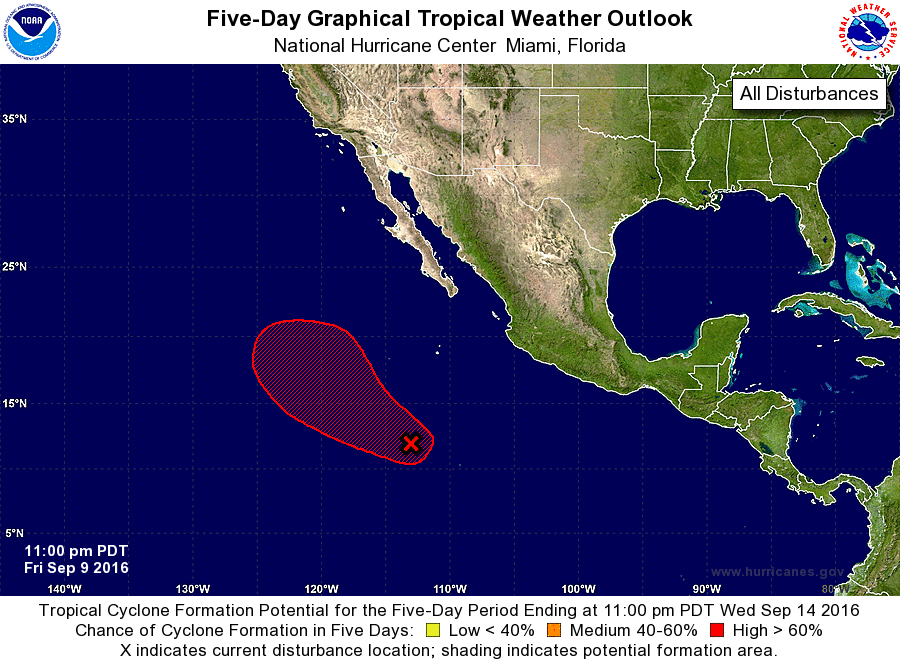
For the eastern North Pacific...east of 140 degrees west longitude:

1. Showers and thunderstorms continue to show signs of organization in association with a broad area of low pressure located about 750 miles south-southwest of the southern tip of the Baja California peninsula. Environmental conditions are conducive for development, and a tropical depression is likely to form late this weekend or early next week while the low moves west-northwestward at 10 to 15 mph.
* Formation chance through 48 hours...high...70 percent
* Formation chance through 5 days...high...90 percent

Forecaster Brennan